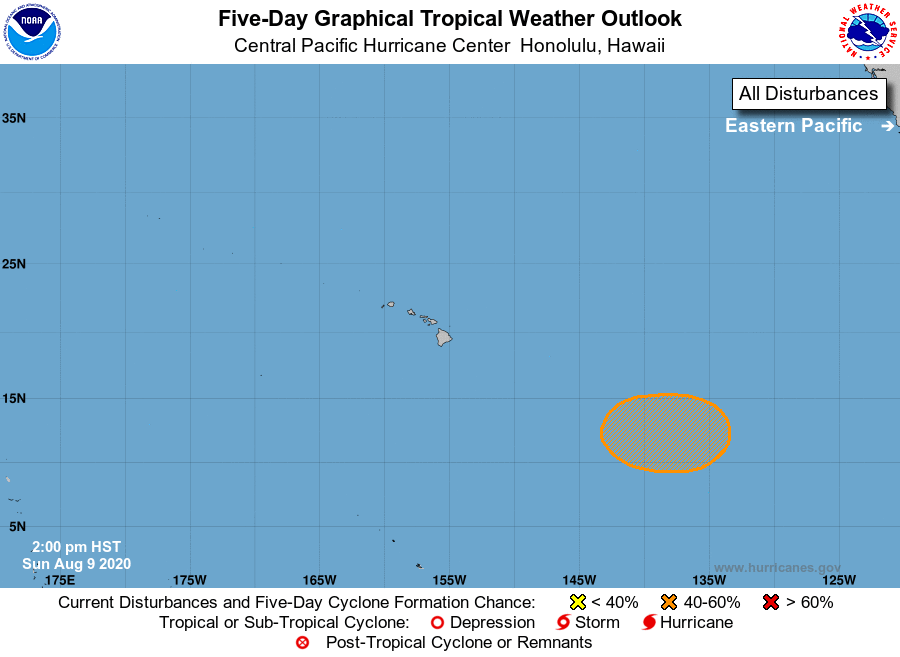
For the central North Pacific...between 140W and 180W:

1. An area of low pressure will likely form around 1400 miles southeast of Hilo, Hawaii in the coming days. Environmental conditions are expected to be generally conducive for gradual development, and a tropical depression could form late this week.
* Formation chance through 48 hours...low...near 0 percent
* Formation chance through 5 days...medium...40 percent

Elsewhere, no tropical cyclones are expected during the next 5 days.

Forecaster Foster